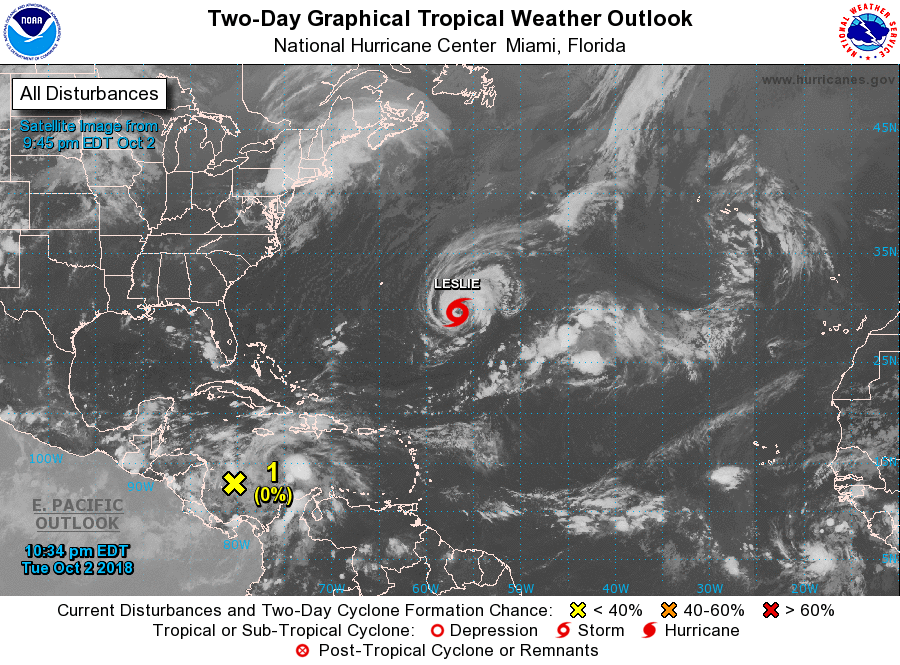
For the North Atlantic...Caribbean Sea and the Gulf of Mexico:

The National Hurricane Center is issuing advisories on Tropical Storm Leslie, located over the central Atlantic Ocean.

1. A broad area of low pressure located over the southwestern Caribbean Sea is producing numerous showers and thunderstorms extending from Central America eastward through Hispaniola. There are no signs of a surface circulation at this time, but conditions appear to be favorable for some gradual development of this system late this week and this weekend while the low drifts generally northward during the next several days.
* Formation chance through 48 hours...low...near 0 percent.
* Formation chance through 5 days...low...30 percent.

Forecaster Avila